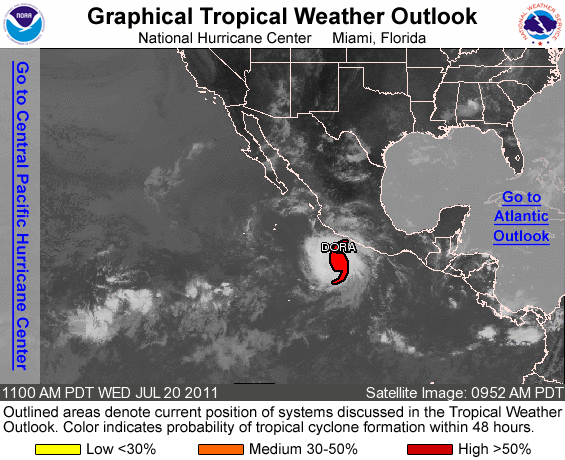
FOR THE EASTERN NORTH PACIFIC...EAST OF 140 DEGREES WEST LONGITUDE..

THE NATIONAL HURRICANE CENTER IS ISSUING ADVISORIES ON HURRICANE DORA LOCATED ABOUT 215 MILES SOUTH-SOUTHWEST OF LAZARO CARDENAS MEXICO.

ELSEWHERE...TROPICAL CYCLONE FORMATION IS NOT EXPECTED DURING THE NEXT 48 HOURS.

FORECASTER PASCH